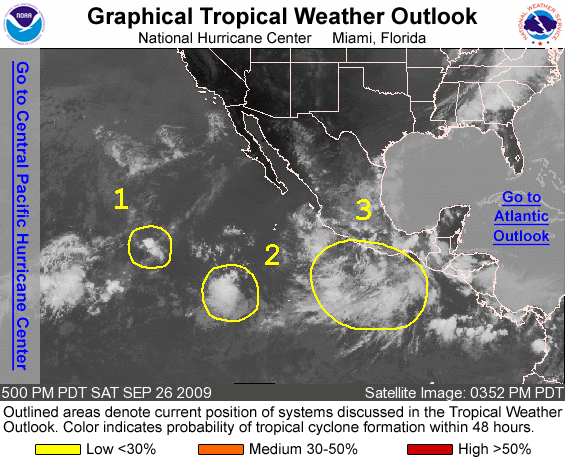
FOR THE EASTERN NORTH PACIFIC...EAST OF 140 DEGREES WEST LONGITUDE..

1. THE REMNANTS OF TROPICAL DEPRESSION NORA ARE LOCATED ABOUT 1125 MILES WEST-SOUTHWEST OF THE SOUTHERN TIP OF BAJA CALIFORNIA. UPPER-LEVEL WINDS ARE NOT EXPECTED TO BE CONDUCIVE FOR REGENERATION. THERE IS A LOW CHANCE...LESS THAN 30 PERCENT...OF THIS SYSTEM BECOMING A TROPICAL CYCLONE DURING THE NEXT 48 HOURS. FOR ADDITIONAL INFORMATION ON THE REMNANTS OF NORA...PLEASE SEE HIGH SEAS FORECASTS ISSUED BY THE NATIONAL WEATHER SERVICE UNDER AWIPS HEADER NFDHSFEPI AND WMO HEADER FZPN02 KWBC.

2. A BROAD AREA OF LOW PRESSURE LOCATED ABOUT 875 MILES SOUTH-SOUTHWEST OF THE SOUTHERN TIP OF BAJA CALIFORNIA IS PRODUCING DISORGANIZED SHOWER AND THUNDERSTORM ACTIVITY. SOME SLOW DEVELOPMENT OF THIS SYSTEM IS POSSIBLE OVER THE NEXT COUPLE OF DAYS AS IT MOVES TOWARD THE WEST-NORTHWEST AT AROUND 10 MPH. THERE IS A LOW CHANCE...LESS THAN 30 PERCENT...OF THIS SYSTEM BECOMING A TROPICAL CYCLONE DURING THE NEXT 48 HOURS.

3. A LARGE AREA OF DISTURBED WEATHER LOCATED A FEW HUNDRED MILES WEST-SOUTHWEST OF THE GULF OF TEHUANTEPEC IS PRODUCING SHOWERS AND THUNDERSTORMS. THIS SYSTEM HAS NOT IMPROVED IN ORGANIZATION TODAY BUT STILL HAS THE POTENTIAL FOR A GRADUAL DEVELOPMENT DURING THE NEXT COUPLE OF DAYS AS IT MOVES WESTWARD AT 5 TO 10 MPH. THERE IS A LOW CHANCE...LESS THAN 30 PERCENT...OF THIS SYSTEM BECOMING A TROPICAL CYCLONE DURING THE NEXT 48 HOURS.

ELSEWHERE...TROPICAL CYCLONE FORMATION IS NOT EXPECTED DURING THE NEXT 48 HOURS.

FORECASTER AVILA